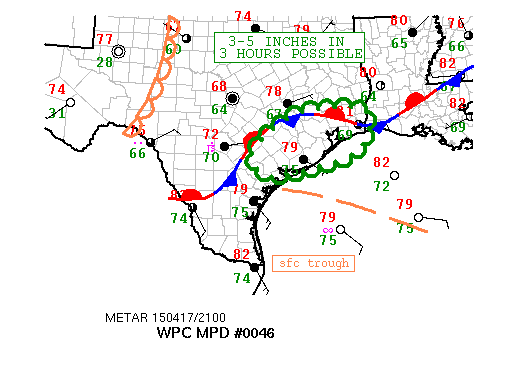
AREAS AFFECTED...CNTRL TO SERN TEXAS

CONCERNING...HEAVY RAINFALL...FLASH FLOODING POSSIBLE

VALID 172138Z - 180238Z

SUMMARY...THE FLASH FLOOD THREAT IS INCREASING ACROSS PORTIONS OF
THE CNTRL AND ERN TEXAS COASTAL PRAIRIES WITH 3 HOURLY RAINFALL
RATES OF 3-4 INCHES EXPECTED THROUGH 02Z.

DISCUSSION...AT 21Z...A FORWARD PROPAGATING BOWING SEGMENT OF
CONVECTION OVER WILSON AND KARNES COUNTIES WAS OBSERVED TO BE
MOVING ENE AT AROUND 30 TO 35 KTS. IN ADDITION...RADAR/SATELLITE
SHOWED A THIN LINE OF SHOWERS ALONG A NWD DRIFTING CONVERGENCE
AXIS EXTENDING INTO THE GULF OF MEXICO TO JUST SOUTH OF MATAGORDA
BAY WITH ADDITIONAL...LESS ORGANIZED...CONVECTION TO THE SOUTHWEST
OF HOUSTON AND NORTH OF SAN ANTONIO. SURFACE BASED INSTABILITY IS
ESTIMATED TO BE ANYWHERE BETWEEN 1000-2500 J/KG ACROSS SOUTHEAST
TEXAS AND PRECIPITABLE WATER SOUTH OF A STATIONARY FRONT...LOCATED
ABOUT 100 MILES INLAND OF THE TEXAS COAST...WAS OBSERVED TO BE 1.8
INCHES PER SPECIAL 18Z SOUNDING AT CRP WHICH IS 2 TO 3 STANDARD
DEVIATIONS ABOVE THE NORM.

SRLY LOW LEVEL FLOW INTO SOUTHEAST TEXAS WILL CONTINUE TO ADVECT
DEEPER MOISTURE FROM THE SOUTH INTO THE THREAT AREA INTO THE
EVENING HOURS. IT IS EXPECTED...PER A CONSENSUS OF RECENT HI-RES
MODEL GUIDANCE...THAT THE BOWING SEGMENT WILL PRECEDE SCATTERED
SHOWERS DEVELOPING WITHIN THE WARM SECTOR...JUST AHEAD OF THE
BOWING SEGMENT...WITH THE OVERALL CLUSTER OF CONVECTION TO SPREAD
EASTWARD THROUGH 02Z...POSSIBLY IMPACTING PORTIONS OF
CHAMBERS...JEFFERSON...LIBERTY COUNTIES THAT RECEIVED 4-7 INCHES
OF RAIN OVER THE PAST 24-30 HOURS.